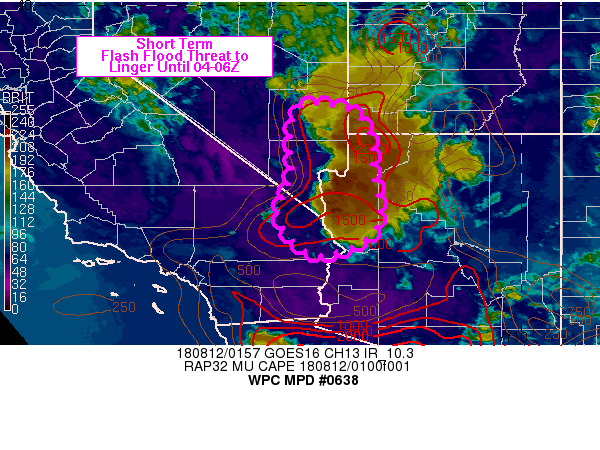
Areas affected...extreme southwestern UT into northwest AZ,
southern NV and far eastern CA

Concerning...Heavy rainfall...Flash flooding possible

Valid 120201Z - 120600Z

Summary...A threat for flash flooding will linger for another
couple of hours across portions of extreme southwestern UT into
northwest AZ, southern NV and far eastern CA. Additional localized
rainfall totals of 1 to 2.5 inches are expected by 06Z.

Discussion...0145Z regional radar showed a small cluster of
thunderstorms over northwestern AZ extending to the NV/UT/AZ
border, all progressing generally to the west. These storms were
outflow dominant but were still producing KESX estimated rain
rates of 1-2 in/hr, mainly in Mohave county. The 01Z SPC
mesoanalysis and the 00Z RAOB from VEF showed lingering MLCAPE of
500-1500 J/kg across the tri-state region with the VEF sounding
showing a fair degree of dry air throughout the column. The dry
air should tend to limit flash flood potential, but lingering CAPE
will likely be enough to support an additional 2-4 hours of robust
convection.

GOES 16 "clean window" IR imagery showed the coldest cloud tops
were generally confined to western Mohave county, coincident with
the strongest updrafts and nearby heaviest rainfall rates. KESX
reflectivity showed an outflow boundary propagating southwestward
across southern Lincoln county, and another bowing westward into
Clark county. Convergence from these mesoscale features into the
remaining instability axis should be enough to continue a short
term flash flood threat with rainfall rates of 1-2 in/hr before
instability is exhausted by 04Z to 06Z. There is good support for
this scenario from the HRRR and the University of Arizona locally
run WRF from 12Z.